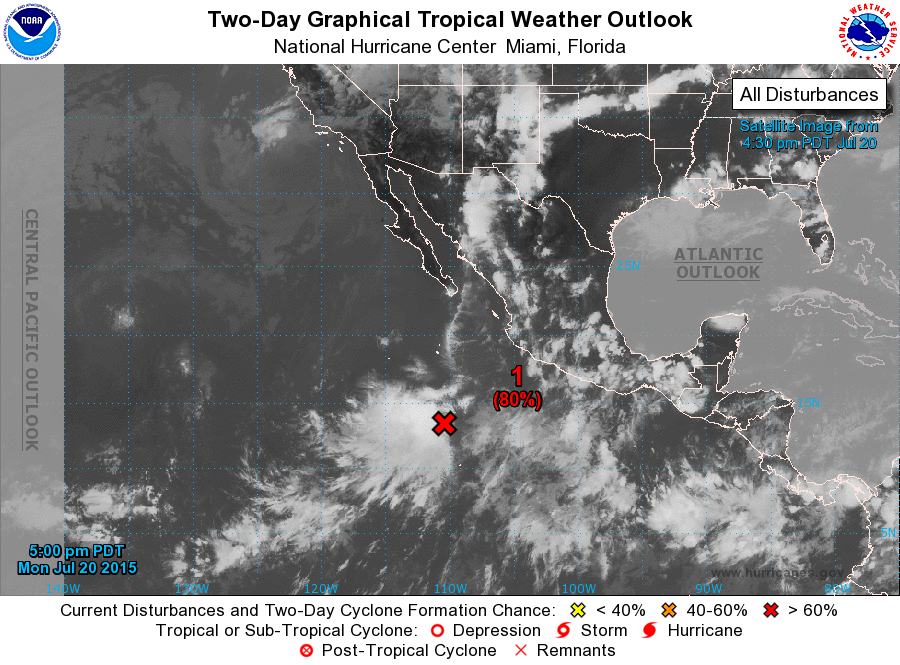
For the eastern North Pacific...east of 140 degrees west longitude:

1. Shower and thunderstorm activity continues in association with a broad area of low pressure located about 650 miles south of the southern tip of the Baja California peninsula. Moderate to strong upper-level winds that have prevented development during the past 24 hours are forecast to steadily decrease and become more conducive for tropical cyclone formation during the next day or two. This system is still expected to become a tropical depression by mid-week while it moves west-northwestward to northwestward at 10 mph.
* Formation chance through 48 hours...high...80 percent
* Formation chance through 5 days...high...90 percent

Forecaster Stewart